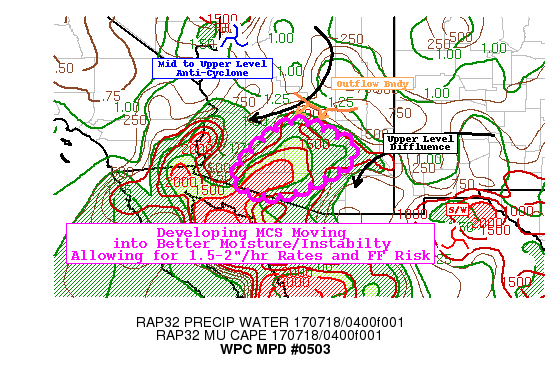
AREAS AFFECTED...SOUTH CENTRAL ARIZONA

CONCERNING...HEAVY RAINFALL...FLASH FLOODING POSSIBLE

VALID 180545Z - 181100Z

SUMMARY...MCS DEVELOPING OVER PINAL MTNS EXPECTED TO ROLL THROUGH
SONORAN DESERT WITH LOCALIZED FLASH FLOODING POTENTIAL.

DISCUSSION...GOES-16 EXPERIMENTAL WV LOOPS DEPICT A DEVELOPING
FAVORABLE ENVIRONMENT FOR CONVECTIVE COMPLEX DEVELOPMENT EVEN IN
WEAK FLOW REGIME.  COMPACT ANTICYCLONE OVER NW AZ AND APPROACHING
WAVE OVER N CHIHUAHUA ALLOW FOR MODEST CONFLUENT JET STREAK ACROSS
E CENTRAL AZ THAT BECOMES INCREASINGLY DIFFLUENT ACROSS THE
EASTERN VALLEY.  VWP FROM KIWA AND KEMX SUGGEST WEAK 850MB UPSLOPE
FLOW IN ADVANCE OF DEVELOPING CONVECTION OVER THE S PINAL
MOUNTAINS.  RECENT IR TOPS HAVE COOLED TO -75C SUPPORTING THIS
INCREASED CONVECTIVE ENVIRONMENT.  03Z SPECIAL ROAB WEST OF
PHOENIX ADJUSTED FOR SFC CONDITIONS OVER E PINAL COUNTY SUPPORT AN
AREA OF 2000 J/KG WITH TDS IN THE UPPER 60S AND 850MB MST AXIS
(PER RAP ANALYSIS) SHOWING AN ENHANCED TONGUE OF +16C TDS FROM N
PIMA THROUGH THIS COMPLEX TO CATRON COUNTY NM AND TPW VALUES
NOSING TOWARD 2" ALL SUPPORT INCREASING RAINFALL EFFICIENCY FOR
THIS COMPLEX AS IT ROLLS INTO LOWER TERRAIN IN PINAL. GIVEN LOW
LEVEL ENVIRONMENT/WEAK FLOW CELL MOTIONS SHOULD BE TOWARD THE
INSTABILITY/MOISTURE AXIS AND GIVEN SOME FORWARD PROPAGATION OF
5-10KTS LIKELY LEADING TO OVERALL SPEEDS OF 15-20KT WHICH MAY HELP
WITH SOME OF THE OVERALL TOTALS AND REDUCE FLASH FLOOD RISK EVER
SO SLIGHTLY.  THOUGH CELL MERGERS/COLLISIONS AND SOME REPEAT
TRACKS COULD EQUALLY LEAD TO ISOLATED POCKETS THAT ARE DIFFICULT
TO PINPOINT EVEN A HOUR PRIOR TO SAID OCCURRENCE.

AS SUCH...03Z ESRL HRRRV3 APPEARS TO BE ONLY GUIDANCE THAT IS
HANDLING THE CURRENT MESO SITUATION...AND IS SUGGESTIVE OF POCKET
OF 1-2" WITH ISOLATED 2.5" ACROSS THE AREA OF CONCERN THROUGH
12Z...GIVEN THE BULK OF THESE TOTALS WILL FALL QUICKLY FLASH
FLOODING CONTINUES TO BE A POSSIBLE.

OF NOTE: THE HRRRV3 MAY BE OVERDOING THE CONVECTION DEVELOPING
OVER THE PHOENIX METROPLEX.  HOWEVER...ASSIMILATED OUTFLOW
BOUNDARY IS SEEN ON KFSX IN THE PROPER LOCATION ENTERING N GILA
COUNTY AND BEARS WATCHING THOUGH WITH REDUCED INSTABILITY (PER 03Z
SOUNDING) THERE IS A BIT MORE UNCERTAINTY FOR THIS CONVECTIVE TO
COME TO FRUITION.